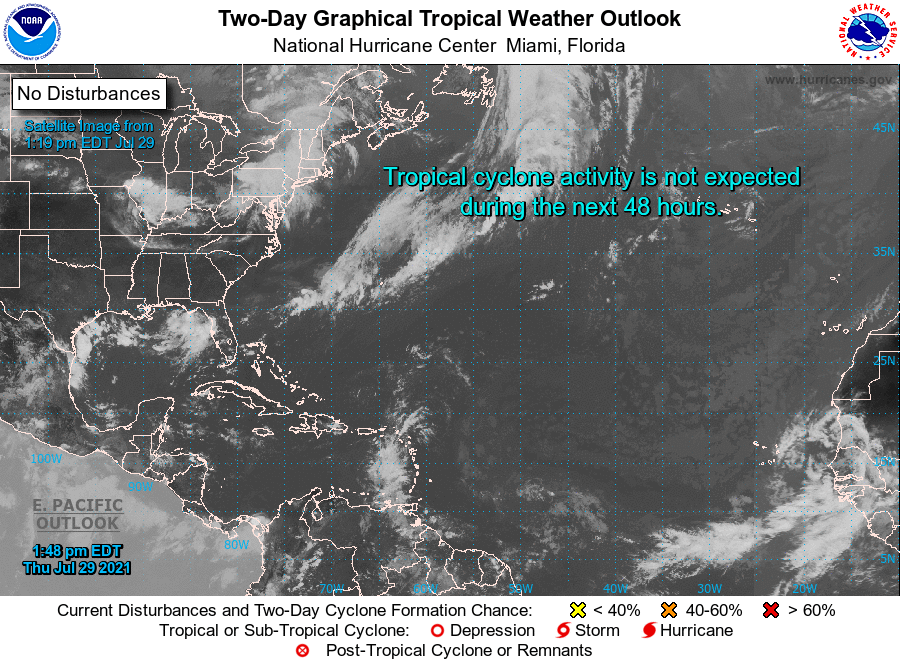
For the North Atlantic...Caribbean Sea and the Gulf of Mexico:

Tropical cyclone formation is not expected during the next 5 days.

Forecaster Cangialosi/Reinhart